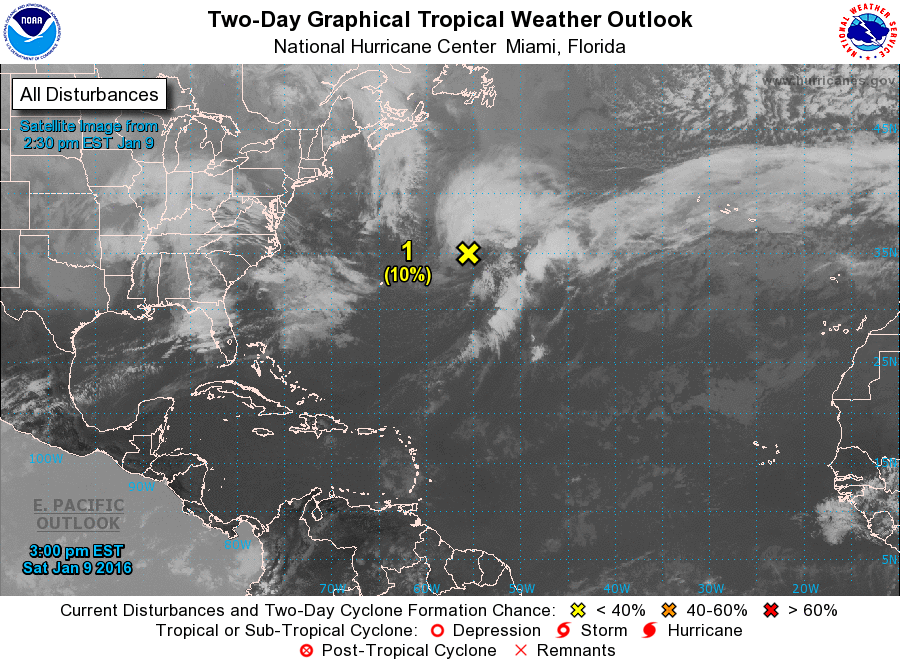
For the North Atlantic...Caribbean Sea and the Gulf of Mexico:

1. An extratropical low pressure system centered about 600 miles east-northeast of Bermuda is producing a large area of gale-force winds and maximum winds of 50 to 60 mph. While the low is forecast to intensify during the next day or two, the combination of strong upper-level winds, dry air, and cool sea-surface temperatures are expected to remain unfavorable for subtropical or tropical cyclone formation while the low moves eastward at 15 to 20 mph into the central Atlantic Ocean. However, environmental conditions could become more conducive for this system to acquire some subtropical characteristics early next week while it moves east-southeastward into the eastern subtropical Atlantic. Regardless of subtropical or tropical cyclone formation, this system is expected to produce hazardous marine conditions over portions of the central Atlantic for the next few days. For additional information, see High Seas Forecasts issued by the National Weather Service. The next Special Tropical Weather Outlook on this system will be issued by 3 PM EST Sunday.
* Formation chance through 48 hours...low...10 percent
* Formation chance through 5 days...low...30 percent

High Seas Forecasts issued by the National Weather Service can be found under AWIPS header NFDHSFAT1, WMO header FZNT01 KWBC, and on the Web at http://www.opc.ncep.noaa.gov/shtml/NFDHSFAT1.shtml.

Forecaster Beven